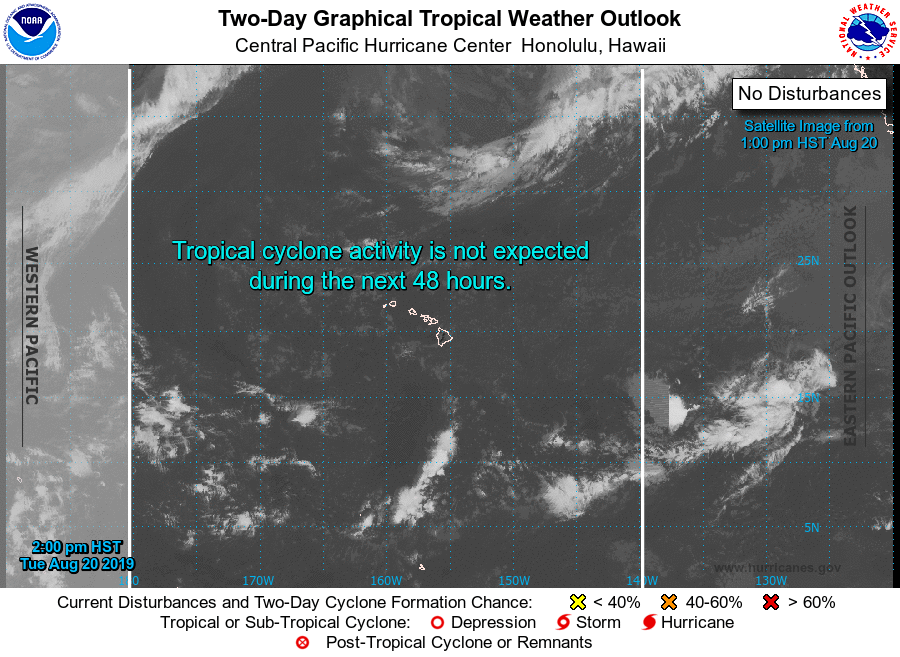
For the central North Pacific...between 140W and 180W:

No tropical cyclones are expected during the next 5 days.

Forecaster Burke